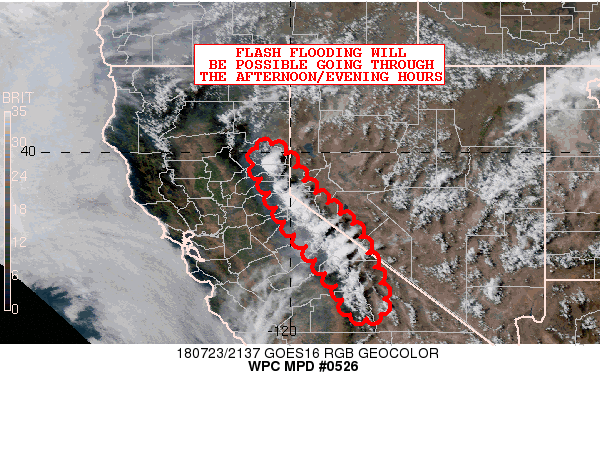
AREAS AFFECTED...PORTIONS OF THE SIERRA-NEVADA

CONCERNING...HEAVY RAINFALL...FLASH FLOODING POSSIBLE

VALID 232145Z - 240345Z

SUMMARY...SCATTERED SHOWERS AND THUNDERSTORMS WILL BECOME ANCHORED
UP OVER THE HIGH TERRAIN OF THE SIERRA-NEVADA. SOME FLASH FLOODING
WILL BE POSSIBLE THIS AFTERNOON AND EVENING.

DISCUSSION...THE LATEST VISIBLE SATELLITE IMAGERY SHOWS CONVECTION
INITIATING OVER PORTIONS OF THE CENTRAL SIERRA-NEVADA AND THERE
HAS BEEN AN UPTICK IN CG LIGHTNING ACTIVITY OVER THE LAST HOUR AS
STRONGER UPDRAFTS ENSUE AND THE CONVECTION GAINS GREATER VERTICAL
STATURE WITH COOLING CLOUD TOPS. THE ACTIVITY IS FOCUSING WITHIN
AN ANOMALOUSLY MOIST ENVIRONMENT WITH DIURNALLY ENHANCED
INSTABILITY AND TERRAIN-DRIVEN CIRCULATIONS IN PLACE.

THE LATEST RAP ANALYSIS SHOWS MLCAPE VALUES OF LOCALLY NEAR 1500
J/KG AND THE PWATS ACROSS THE THREAT AREA ARE ABOUT 0.7 TO 0.9
INCHES WHICH IS ABOUT 2 TO 2.5 STANDARD DEVIATIONS ABOVE NORMAL.
THIS WILL CONTRIBUTE TO RELATIVELY EFFICIENT RAINFALL PROCESSES
AND ENHANCED RAINFALL RATES THAT MAY LOCALLY EXCEED 1 INCH/HR.

EXPECT CONVECTION TO BE VERY SLOW MOVING WITH SOME CELLS LIKELY
BECOMING STATIONARY OR ANCHORED OVER THE SAME AREA GIVEN WEAK
700/300 MB LAYER MEAN FLOW...AND THE PERSISTENCE OF THE
AFOREMENTIONED TERRAIN CIRCULATIONS.

THE CONVECTION SHOULD EXPAND A BIT MORE IN COVERAGE AND GAIN A BIT
MORE INTENSITY GOING THROUGH 00Z...WITH CONVECTION LIKELY
PERSISTING THROUGH AT LEAST 03Z. EXPECT AS MUCH AS 2 TO 3 INCHES
OF RAIN WITH LOCALLY HEAVIER AMOUNTS. SOME FLASH FLOODING WILL BE
POSSIBLE GIVEN THESE EXPECTED TOTALS AND ALSO WITH SOME ADDED
SENSITIVITY CONCERNING SOME OF THE RECENT HEAVY RAINFALL FROM THE
LAST SEVERAL DAYS. BURN SCAR AREAS IN PARTICULAR WILL NEED TO BE
CLOSELY MONITORED FOR ENHANCED RUNOFF AND FLASH FLOODING CONCERNS.